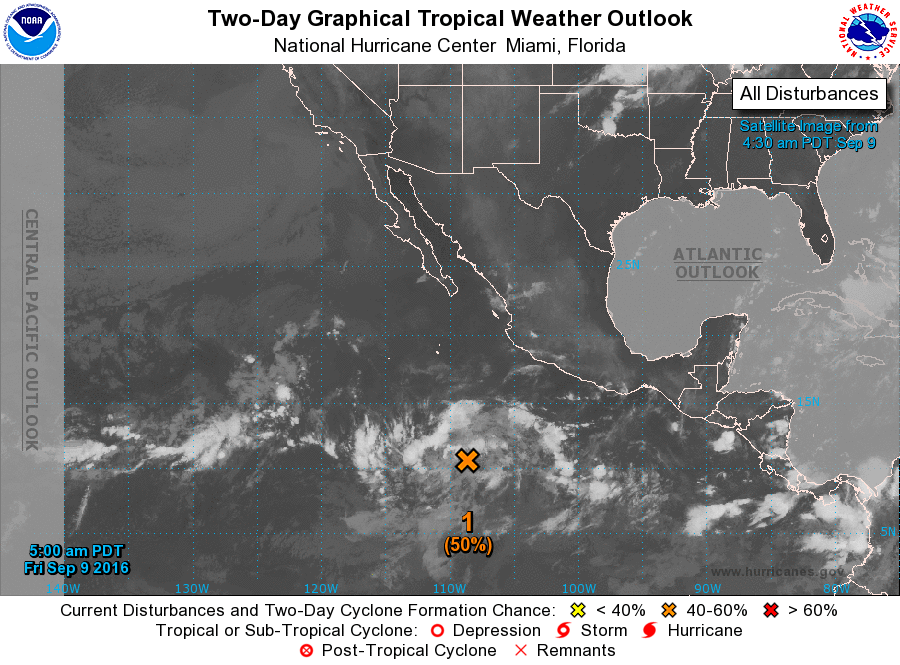
For the eastern North Pacific...east of 140 degrees west longitude:

1. A broad area of low pressure is centered about 850 miles south of the southern tip of the Baja California peninsula. Although the associated shower and thunderstorm activity is still disorganized, environmental conditions are conducive for gradual development, and a tropical depression is likely to form late this weekend or early next week while the low moves west-northwestward at 10 to 15 mph.
* Formation chance through 48 hours...medium...50 percent
* Formation chance through 5 days...high...80 percent

Forecaster Berg